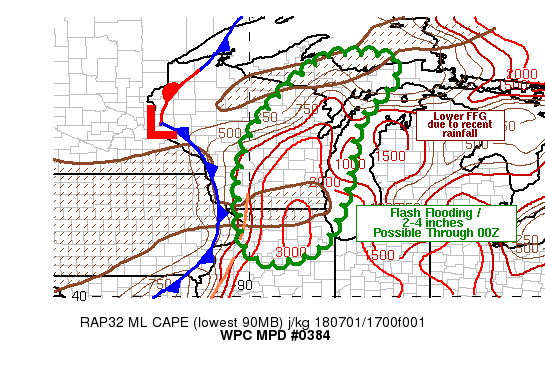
AREAS AFFECTED...NRN IL...ERN WI INTO THE CNTRL AND ERN U.P. OF MI

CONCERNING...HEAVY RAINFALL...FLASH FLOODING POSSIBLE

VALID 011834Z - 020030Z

SUMMARY...FLASH FLOODING WILL BE POSSIBLE ACROSS NORTHERN
ILLINOIS...EASTERN WISCONSIN INTO THE U.P. OF MICHIGAN THROUGH
00Z. THE POTENTIAL EXISTS FOR TRAINING CONVECTION WITH RAINFALL
RATES OF 1.5 TO 2.5 IN/HR AND 6 HOUR TOTALS OF 2-4 INCHES.

DISCUSSION...CONVECTION WAS ONGOING ACROSS NORTHEASTERN WISCONSIN
AS OF 18Z WITH CELLS REPEATING IN A SOUTHWEST TO NORTHEAST FASHION
WITH REPORTED RAINFALL RATES AS HIGH AS 1.8 IN/HR NEAR
TIGERTON...CLOSE TO BUT SLIGHTLY LOWER THAN KGRB RAINFALL
ESTIMATES THROUGH 1730Z. PRECIPITABLE WATER VALUES WERE OBSERVED
BETWEEN 1.5 AND 1.9 INCHES WITHIN A CORRIDOR OF DEEP MOISTURE
WHICH EXTENDED SOUTHWESTWARD INTO WEST TEXAS. CONVECTION WAS
FIRING OUT AHEAD OF AN ADVANCING 700-500 MB TROUGH AXIS OVER
EASTERN MINNESOTA WITHIN A REGION OF STRONGER 850-700 MB MEAN WIND
SPEEDS...OBSERVED BETWEEN 35-50 KT ON AREA VAD WIND
PLOTS...HELPING THE POTENTIAL OF REPEATING/TRAINING HEAVY RAIN
CORES. GENERALLY CLEAR SKIES ACROSS SOUTHERN WISCONSIN INTO
NORTHERN ILLINOIS DURING THE EARLY AFTERNOON HAVE ALLOWED MLCAPE
VALUES TO REACH 1000-2500+ J/KG VIA THE LATEST SPC MESOANALYSIS.

18Z SURFACE OBSERVATIONS PLACED A PRE-FRONTAL TROUGH AXIS WHICH
EXTENDED FROM SOUTHWESTERN WISCONSIN INTO FAR WESTERN
ILLINOIS...COINCIDENT WITH NEW STORM DEVELOPMENT OVER THE PAST
HOUR. STORMS ARE EXPECTED TO CONTINUE EXPANDING INTO THE
INSTABILITY AXIS OUT AHEAD OF THE PRE-FRONTAL TROUGH AND COLD
FRONT...WHICH ARE EXPECTED TO REACH SOUTHERN LAKE MICHIGAN BETWEEN
21-00Z. GIVEN THE NEGATIVELY TITLED TROUGH AXIS ALOFT...THE DEEPER
MOISTURE IS EXPECTED TO CLEAR WISCONSIN AND THE CENTRAL U.P. OF
MICHIGAN EARLIER THAN NORTHERN ILLINOIS WHERE STORMS ARE EXPECTED
TO LINGER A BIT LONGER. FLASH FLOOD GUIDANCE IS LOWERED DUE TO
RECENT RAINFALL ACROSS PORTIONS OF NORTHERN WISCONSIN INTO THE
MICHIGAN U.P. AS WELL AS ALONG THE WISCONSIN/ILLINOIS
BORDER...WITH THESE AREAS POTENTIALLY MORE SUSCEPTIBLE TO FLASH
FLOODING